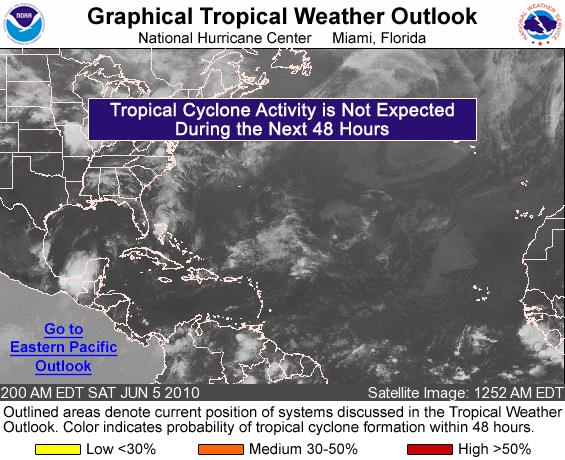
FOR THE NORTH ATLANTIC...CARIBBEAN SEA AND THE GULF OF MEXICO...

TROPICAL CYCLONE FORMATION IS NOT EXPECTED DURING THE NEXT 48 HOURS.

FORECASTER STEWART/BERG